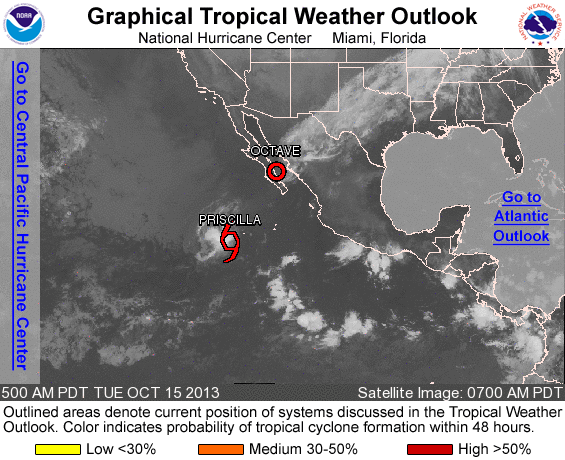
FOR THE EASTERN NORTH PACIFIC...EAST OF 140 DEGREES WEST LONGITUDE..

THE NATIONAL HURRICANE CENTER IS ISSUING ADVISORIES ON TROPICAL DEPRESSION OCTAVE...LOCATED OVER THE SOUTHERN BAJA CALIFORNIA PENINSULA...AND ON TROPICAL STORM PRISCILLA...LOCATED SEVERAL HUNDRED MILES SOUTHWEST OF THE SOUTHERN TIP OF THE BAJA CALIFORNIA PENINSULA.

TROPICAL CYCLONE FORMATION IS NOT EXPECTED DURING THE NEXT FIVE DAYS.

&&
FIVE-DAY FORMATION PROBABILITIES ARE EXPERIMENTAL IN 2013. COMMENTS ON THE EXPERIMENTAL FORECASTS CAN BE PROVIDED AT...

HTTP://WWW.NWS.NOAA.GOV/SURVEY/NWS-SURVEY.PHP?CODE=ETWO

FORECASTER BERG